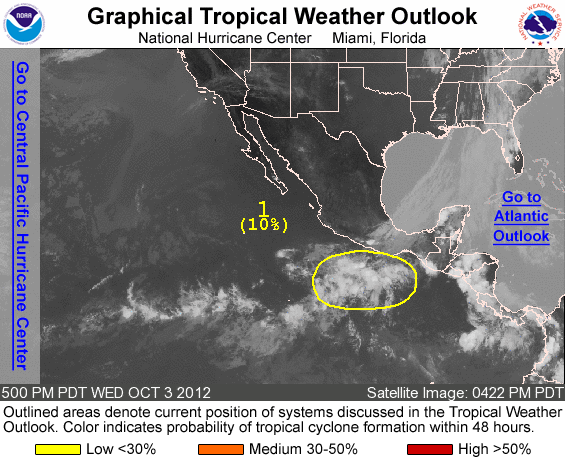
FOR THE EASTERN NORTH PACIFIC...EAST OF 140 DEGREES WEST LONGITUDE..

1. DISORGANIZED SHOWERS AND THUNDERSTORMS CONTINUE SEVERAL HUNDRED MILES SOUTH OF THE SOUTHERN COAST OF MEXICO. ENVIRONMENTAL CONDITIONS ARE ONLY MARGINALLY CONDUCIVE FOR DEVELOPMENT...AND THIS SYSTEM HAS A LOW CHANCE...10 PERCENT...OF BECOMING A TROPICAL CYCLONE DURING THE NEXT 48 HOURS AS IT MOVES WESTWARD AT AROUND 10 MPH.

ELSEWHERE...TROPICAL CYCLONE FORMATION IS NOT EXPECTED DURING THE NEXT 48 HOURS.

FORECASTER KIMBERLAIN